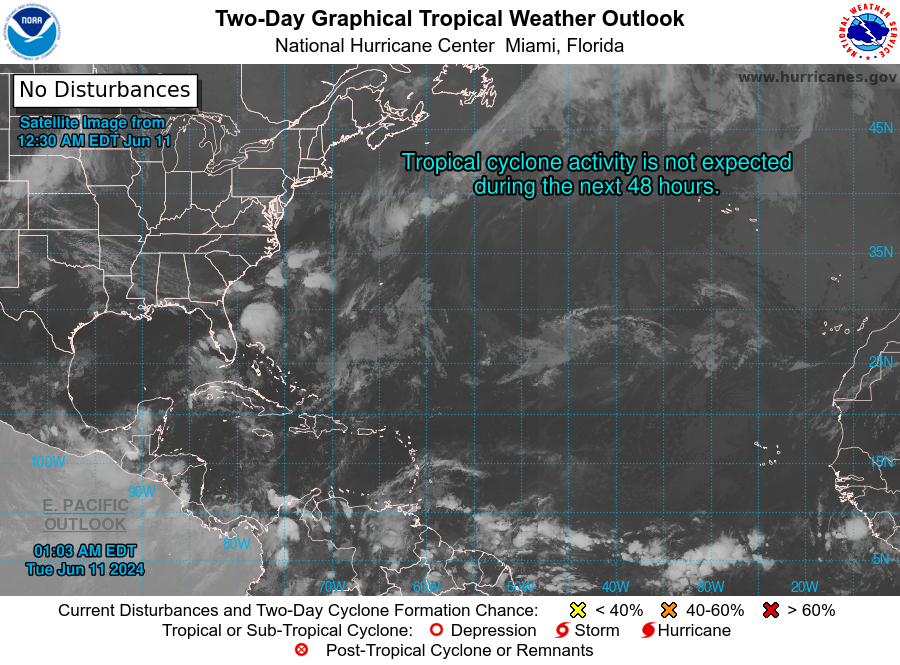
For the North Atlantic...Caribbean Sea and the Gulf of Mexico:

Tropical cyclone formation is not expected during the next 7 days.

Forecaster Hagen/Pasch